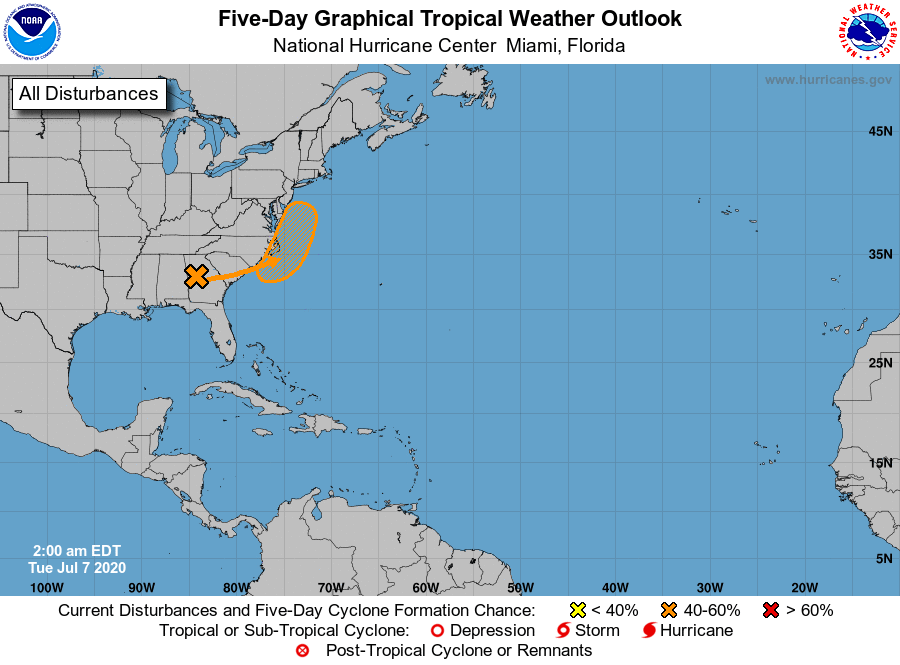
For the North Atlantic...Caribbean Sea and the Gulf of Mexico:

1. An area of low pressure located inland over central Georgia continues to produce a large area of showers and thunderstorms over portions of the southeastern U.S. This system is expected to move generally northeastward toward the coast of the Carolinas and the mid-Atlantic states later this week. Some development of this system is possible late this week if it moves over water. Regardless of development, the low is forecast to produce locally heavy rainfall that could cause flash flooding across portions of the southeastern U.S. during the next couple of days.
* Formation chance through 48 hours...low...10 percent.
* Formation chance through 5 days...medium...40 percent.

Forecaster Cangialosi